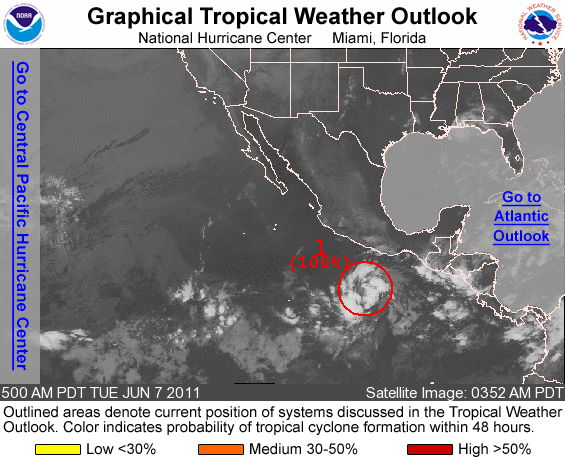
FOR THE EASTERN NORTH PACIFIC...EAST OF 140 DEGREES WEST LONGITUDE..

1. SHOWER AND THUNDERSTORM ACTIVITY ASSOCIATED WITH A WELL-DEFINED LOW PRESSURE SYSTEM LOCATED ABOUT 350 MILES SOUTH OF ACAPULCO HAS GRADUALLY INCREASED OVER THE PAST FEW HOURS. ENVIRONMENTAL CONDITIONS REMAIN FAVORABLE FOR DEVELOPMENT...AND IF CURRENT TRENDS CONTINUE THIS LOW COULD BECOME A TROPICAL DEPRESSION LATER TODAY. THERE IS A HIGH CHANCE...NEAR 100 PERCENT...OF THIS SYSTEM BECOMING A TROPICAL CYCLONE DURING THE NEXT 48 HOURS AS IT MOVES SLOWLY TOWARD THE NORTHWEST.

ELSEWHERE...TROPICAL CYCLONE FORMATION IS NOT EXPECTED DURING THE NEXT 48 HOURS.

FORECASTER CANGIALOSI